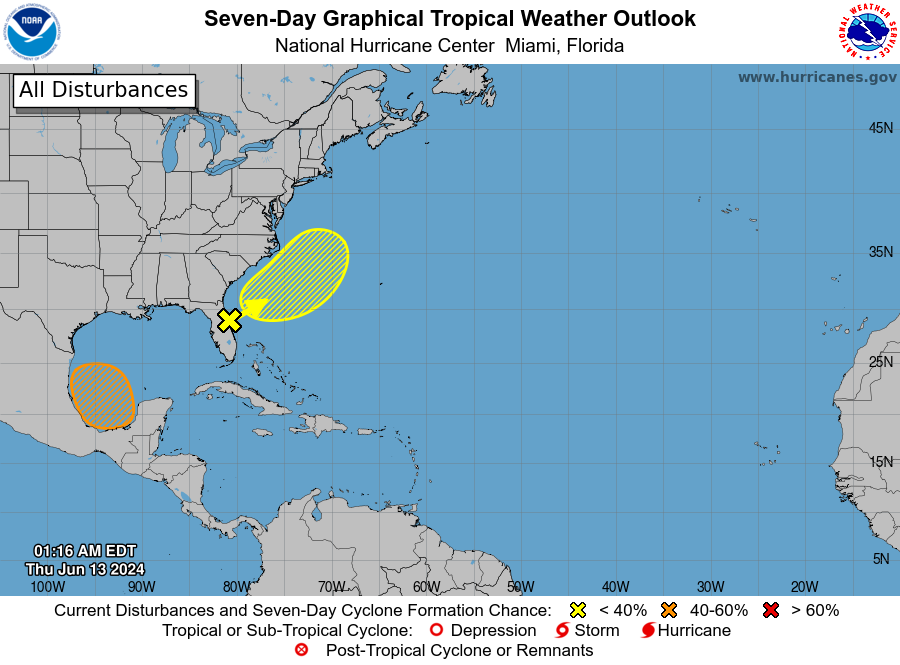
For the North Atlantic...Caribbean Sea and the Gulf of Mexico:

1. Offshore of the Southeastern U.S. (AL90): An elongated area of low pressure near the east coast of Florida is producing a large area of disorganized showers and thunderstorms. Despite strong upper-level winds, some gradual development is possible while the system moves northeastward offshore of the southeastern U.S. coast during the next couple of days. Regardless of development, heavy rainfall is forecast to continue across portions of the Florida peninsula through late this week. For more information, see products issued by the Weather Prediction Center and local National Weather Service Forecast Offices.
* Formation chance through 48 hours...low...20 percent.
* Formation chance through 7 days...low...20 percent.

2. Southwestern Gulf of Mexico: A broad area of low pressure is forecast to form over the southwestern Gulf of Mexico this weekend. Environmental conditions appear conducive for gradual development of this system, and a tropical depression could form during the early or middle part of next week while it moves slowly westward or west-northwestward.
* Formation chance through 48 hours...low...near 0 percent.
* Formation chance through 7 days...medium...40 percent.

Weather Prediction Center products can be found at www.wpc.ncep.noaa.gov and National Weather Service forecast information can be found at www.weather.gov

Forecaster Reinhart